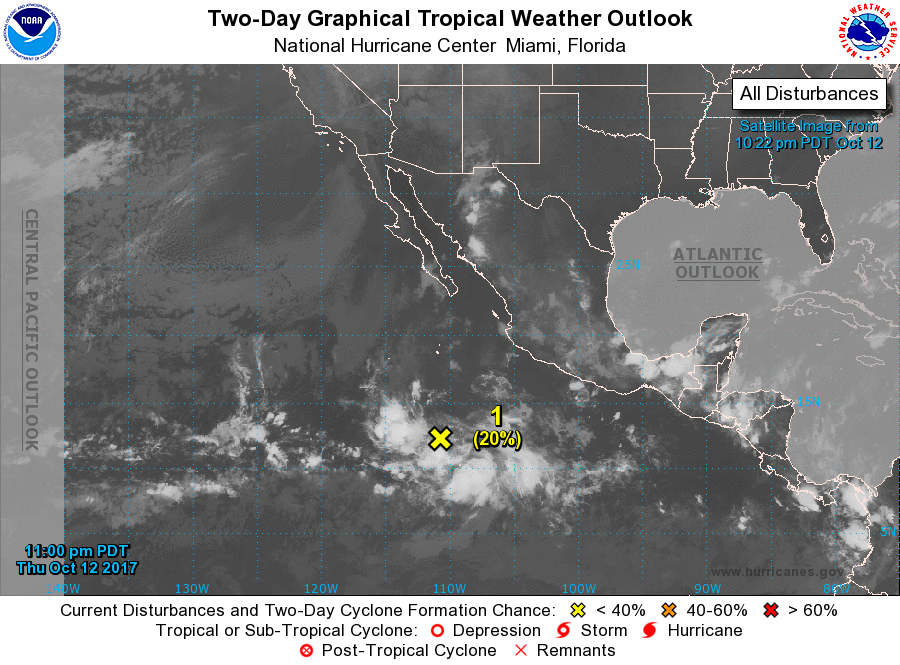
For the eastern North Pacific...east of 140 degrees west longitude:

1. A broad area of low pressure centered about 750 miles south of the southern tip of the Baja California peninsula is producing disorganized showers and thunderstorms. Slow development of this system is possible through the next several days as it moves generally west-northwestward at 10 to 15 mph.
* Formation chance through 48 hours...low...20 percent.
* Formation chance through 5 days...medium...40 percent.

Forecaster Beven